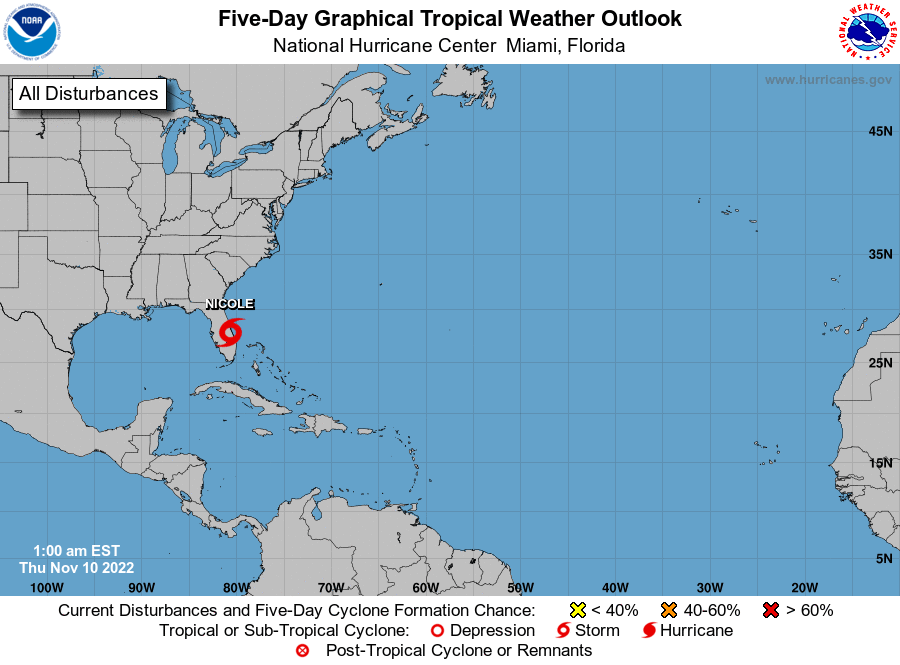
For the North Atlantic...Caribbean Sea and the Gulf of Mexico:

Active Systems: The National Hurricane Center is issuing advisories on Hurricane Nicole, located just off the east coast of Florida.

Tropical cyclone formation is not expected during the next 5 days.

Forecaster Bucci